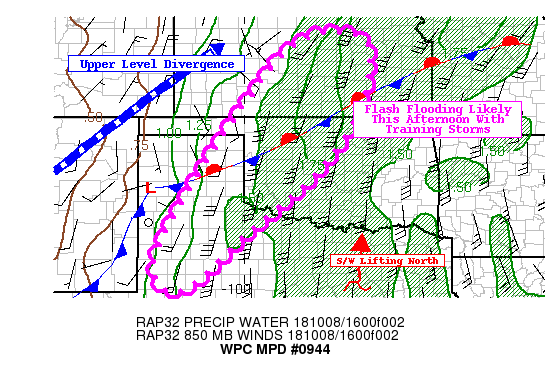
Areas affected...TX Panhandle...West-Central OK...South-Central KS

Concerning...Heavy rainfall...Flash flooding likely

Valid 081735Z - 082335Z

Summary...Ongoing widespread showers and thunderstorms will
increase in intensity through the afternoon, likely leading to
flash flooding over saturated soils.

Discussion...Latest GOES-East water vapor imagery and 500 mb
heights showed very pronounced longwave trough over the southwest
US with several stronger shortwaves rounding through the flow. One
was lifting through south-central TX with another across
west-central TX and finally a third rounding the base of the
trough across Mexico. Very strong upper level divergence across
the south-central Plains is evident. At the surface, a stationary
boundary is draped across portions of the TX panhandle into
northern OK and southern KS. Ahead of this, very impressive
850-700 mb flow is transporting copious amounts of moisture,
evident by the GPS TPWs of 1.6 to 1.8", which is roughly 2-3 SD
above normal for early October.

Recent mesoanalysis shows instability has continued to build over
the last few hours with SBCAPE ranging from around 2000 J/kg
across southern KS and OK to pockets of 2500 J/kg across TX. This
is all within the zone of higher PWATs.

The low/mid level flow is expected to remain rather unidirectional
and convergent through this afternoon. With peak heating,
additional thunderstorms are forecast to develop from the TX
panhandle into west-central OK and south-central KS. These storms
will capable of 1-2"/hr rates with some hourly totals of 2" likely
in localized spots. Over the course of the afternoon, localized
4-5" totals are possible.

Given recent heavy rainfall (previous 7-days rainfall running
400-600 percent of normal) and low FFGs (1-hr 1.5" or less), flash
flooding will be likely, particularly across portions of
west-central OK into south-central KS where HREF probabilities of
excessive rain are highest.